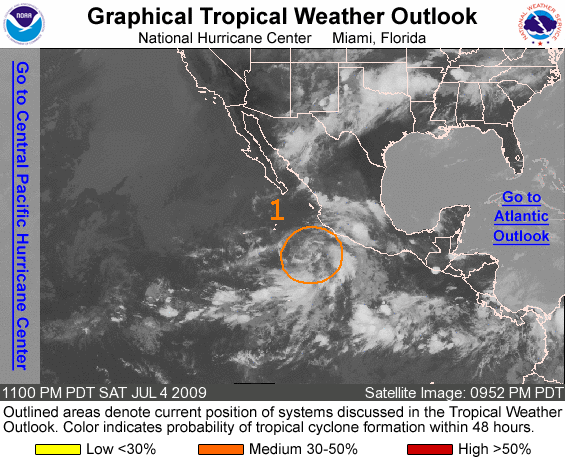
FOR THE EASTERN NORTH PACIFIC...EAST OF 140 DEGREES WEST LONGITUDE..

1. SHOWER AND THUNDERSTORM ACTIVITY ASSOCIATED WITH AN AREA OF LOW PRESSURE LOCATED ABOUT 250 MILES SOUTH-SOUTHWEST OF MANZANILLO MEXICO HAS DIMINISHED SOMEWHAT THIS EVENING. HOWEVER...UPPER-LEVEL WINDS ARE FAVORABLE FOR ADDITIONAL DEVELOPMENT OF THIS SYSTEM OVER THE NEXT COUPLE OF DAYS AS IT MOVES WEST-NORTHWESTWARD AROUND 10 MPH. THERE IS A MEDIUM CHANCE...30 TO 50 PERCENT...OF THIS SYSTEM BECOMING A TROPICAL CYCLONE DURING THE NEXT 48 HOURS.

ELSEWHERE...TROPICAL CYCLONE FORMATION IS NOT EXPECTED DURING THE NEXT 48 HOURS.

FORECASTER BERG